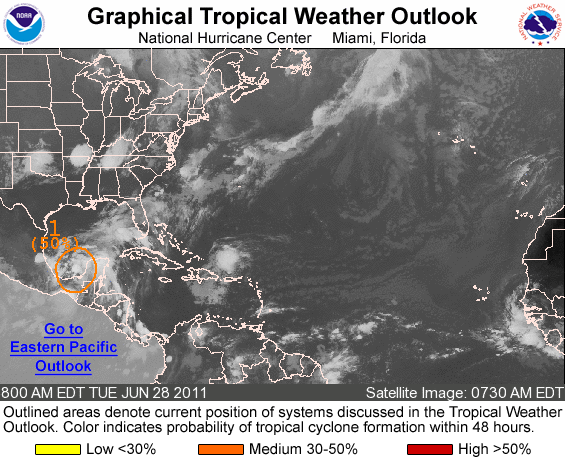
FOR THE NORTH ATLANTIC...CARIBBEAN SEA AND THE GULF OF MEXICO...

1. CLOUDINESS AND SHOWERS ACCOMPANYING A BROAD AREA OF LOW PRESSURE OVER THE BAY OF CAMPECHE HAVE CHANGED LITTLE IN ORGANIZATION OVERNIGHT. UPPER-LEVEL WINDS ARE FORECAST TO GRADUALLY BECOME MORE CONDUCIVE FOR DEVELOPMENT DURING THE NEXT COUPLE OF DAYS. THERE IS A MEDIUM CHANCE...50 PERCENT...OF THIS SYSTEM BECOMING A TROPICAL CYCLONE DURING THE NEXT 48 HOURS AS IT MOVES WEST-NORTHWESTWARD AT 5 TO 10 MPH. AN AIR FORCE RESERVE UNIT HURRICANE HUNTER PLANE IS SCHEDULED TO INVESTIGATE THE AREA THIS AFTERNOON...IF NECESSARY. REGARDLESS OF DEVELOPMENT...LOCALLY HEAVY RAINS AND GUSTY WINDS SHOULD CONTINUE OVER PORTIONS OF EASTERN MEXICO OVER THE NEXT DAY OR TWO.

ELSEWHERE...TROPICAL CYCLONE FORMATION IS NOT EXPECTED DURING THE NEXT 48 HOURS.

FORECASTER PASCH/BERG